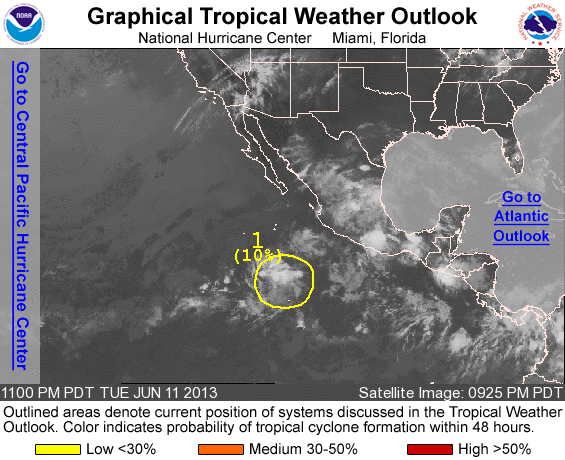
FOR THE EASTERN NORTH PACIFIC...EAST OF 140 DEGREES WEST LONGITUDE..

1. A DISORGANIZED AREA OF DISTURBED WEATHER CENTERED ABOUT 650 MILES SOUTHWEST OF MANZANILLO IS MOVING TOWARD THE WEST-NORTHWEST AROUND 10 MPH WITH NO SIGNS OF DEVELOPMENT. THIS SYSTEM HAS A LOW CHANCE...10 PERCENT...OF BECOMING A TROPICAL CYCLONE DURING THE NEXT 48 HOURS.

ELSEWHERE...TROPICAL CYCLONE FORMATION IS NOT EXPECTED DURING THE NEXT 48 HOURS.

FORECASTER AVILA